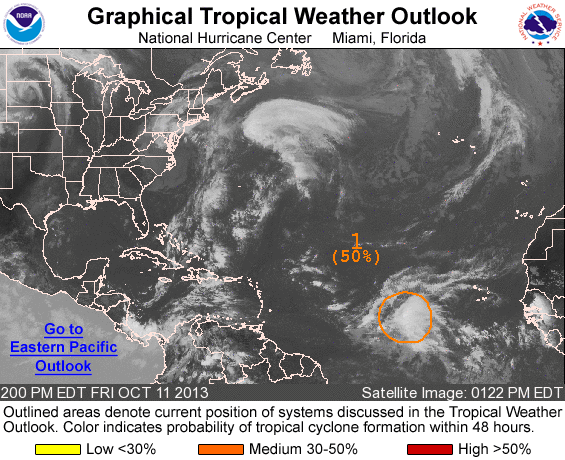
FOR THE NORTH ATLANTIC...CARIBBEAN SEA AND THE GULF OF MEXICO...

1. A LARGE LOW PRESSURE AREA IS LOCATED ABOUT 1000 MILES WEST- SOUTHWEST OF THE CAPE VERDE ISLANDS. SHOWER AND THUNDERSTORM ACTIVITY HAS BECOME A LITTLE BETTER ORGANIZED DURING THE PAST SEVERAL HOURS...AND SOME DEVELOPMENT OF THIS SYSTEM IS STILL POSSIBLE DURING THE NEXT DAY OR SO. AFTER THAT...UPPER-LEVEL WINDS ARE EXPECTED TO BECOME LESS CONDUCIVE FOR TROPICAL CYCLONE FORMATION. THIS SYSTEM HAS A MEDIUM CHANCE...50 PERCENT OF BECOMING A TROPICAL CYCLONE DURING THE NEXT 48 HOURS...AND A MEDIUM CHANCE...50 PERCENT...OF BECOMING A TROPICAL CYCLONE DURING THE NEXT 5 DAYS WHILE IT MOVES WEST-NORTHWESTWARD TO WESTWARD AT 10 TO 15 MPH.

FIVE-DAY FORMATION PROBABILITIES ARE EXPERIMENTAL IN 2013. COMMENTS ON THE EXPERIMENTAL FORECASTS CAN BE PROVIDED AT...

HTTP://WWW.NWS.NOAA.GOV/SURVEY/NWS-SURVEY.PHP?CODE=ETWO

FORECASTER STEWART